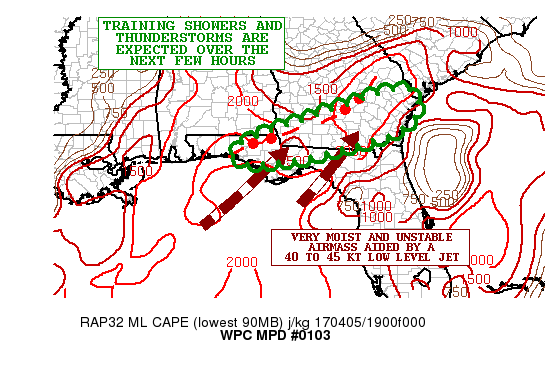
AREAS AFFECTED...FL PANHANDLE...FAR SOUTHERN GA

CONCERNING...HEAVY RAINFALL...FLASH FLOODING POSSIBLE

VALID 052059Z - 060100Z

SUMMARY...A TRAINING AXIS OF SHOWERS AND THUNDERSTORMS...WITH
LOCALLY VERY HEAVY RAINFALL TOTALS IS EXPECTED THROUGH EARLY THIS
EVENING. SOME FLASH FLOODING WILL BE POSSIBLE AS A RESULT.

DISCUSSION...A ROBUST SOUTHWEST LOW LEVEL JET OF 40 TO 45 KTS
CONTINUES TO TRANSPORT A VERY MOIST AND UNSTABLE AIRMASS NORTHEAST
OUT OF THE GULF OF MEXICO AND INTO A CONVECTIVELY REINFORCED
OUTFLOW BOUNDARY OVER SOUTH-CENTRAL GA. THIS BOUNDARY IS BECOMING
BETTER DEFINED FARTHER SOUTHWEST INTO THE WESTERN FL PANHANDLE AS
WELL. A PLUME OF HIGHER PWATS...1.6 TO 1.8 INCHES...IS SEEN IN THE
CIRA-LPW PRODUCT AND ORIENTED SW/NE FROM THE CURRENT AXIS OF
CONVECTION AND THEN OFFSHORE INTO THE GULF OF MEXICO. THIS IS WELL
ALIGNED WITH THE LOW LEVEL JET AND THIS CONTINUES TO HELP SUSTAIN
THE BACKBUILDING/REPEATING AXIS OF CONVECTION OCCURRING OVER
SOUTH-CENTRAL GA AND FARTHER SOUTHWEST INTO THE FL PANHANDLE.

GIVEN MODERATE UPSTREAM INSTABILITY...WHICH IS UPWARDS OF 1500 TO
2000 J/KG OF MLCAPE...AND THE DEEP LAYER MOISTURE
TRANSPORT...ADDITIONAL CONVECTION IS EXPECTED OVER THE NEXT FEW
HOURS WITH STRONG CONCERNS FOR BACKBUILDING AND TRAINING. THE
OVERALL CONVECTIVE AXIS WILL LIKELY TEND TO SLOWLY SAG OR BOW
SOUTHEAST GIVEN THE STRENGTHENING OF A LOW LEVEL COLD POOL OVER
SOUTH-CENTRAL GA...BUT THIS REINFORCED SURFACE BOUNDARY WILL ONLY
ACT TO HELP INITIATE CONVECTION FARTHER SOUTH.

THE 12Z ARW AND RECENT RUNS OF THE HRRR-EXP WERE HIGHLIGHTING THIS
CONVECTIVE TRAINING POTENTIAL. THE RAINFALL RATES ARE LIKELY TO
REACH 2 TO 2.5 INCHES/HR GIVEN THE HIGHER PWATS AND SURFACE
DEWPOINTS EXCEEDING 70 DEGREES. STORM TOTALS AMOUNTS OF 4 TO 6
INCHES WILL BE POSSIBLE AT LEAST LOCALLY. EXPECT FLASH FLOODING TO
BE A CONCERN THROUGH EARLY EVENING AS A RESULT.